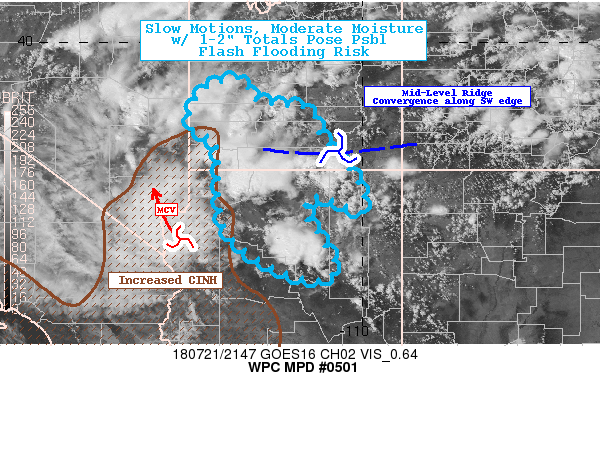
AREAS AFFECTED...SOUTHERN UT...NORTHERN AZ...

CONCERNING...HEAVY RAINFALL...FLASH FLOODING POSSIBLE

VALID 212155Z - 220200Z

SUMMARY...MATURE CLUSTERS DRIFTING NORTH SLOWLY...1-2" TOTALS FOR
POSSIBLE FOR LOCALIZED FLASH FLOODING.

DISCUSSION...MCV AND ASSOCIATED CLOUD COVER DOMINATES MOHAVE
COUNTY INTO SOUTHERN NV AND HAS LED TO A STRONG INCREASE IN CINH
BUT ALONG THE EASTERN PERIPHERY MULTIPLE CLUSTERS WITH 10.3UM IR
TOPS TO -70C CONTINUE TO SLOWLY MOVE FROM SE (EXT SE COCONINO
COUNTY) TO THE APEX OF THE RIDGE ALONG THE UT/AZ BORDER BEFORE.
HERE MASS CONVERGENCE AND SLOW CELL MOTIONS POSE THE GREATEST
FLASH FLOODING RISK OVER THE NEXT 3-4 HOURS.  ADDITIONAL NEW
CONVECTION ALONG THE SOUTHERN UT MOUNTAINS ARE TERRAIN LOCKED
CURRENTLY BUT DEEP MEAN FLOW ALOFT (SPEED DIVERGENCE IN ENTRANCE
OF JET) WILL SUPPORT SLOW NORTHEASTERLY MOTIONS TOO.  POSING FLASH
FLOODING RISK AS WELL THERE TOO.

RECENT VISIBLE/IR TRENDS SHOW A LINE OF DEVELOPMENT ACROSS THE
KAIBITO PLATEAU TOWARD THE BLACK MESA OF NORTHERN NAVAJO COUNTY.
HERE RAP ANALYST SUGGEST MODERATE INSTABILITY TO SUPPORT THESE
VIGOROUS CELLS (OVER 1500 J/KG)...AND BEING DIRECTLY UNDER THE
RIDGE, CELL MOTIONS ARE LIKELY TO BE ZERO WITH PROPAGATION ONLY ON
OUTFLOW INTO UNCAPPED AREAS NORTH AND SOUTH.  LARGER SCALE
SUPPRESSION ACROSS N APACHE AND THE WESTERN MOGOLLON RIM SEEMS
EVIDENT CURRENTLY WITH THE FIELD OF CU CONTINUING TO PRODUCE
ORPHAN ANVILS SUGGESTING FURTHER EASTWARD EXPANSION OF THE AREA OF
CONCERN CURRENTLY.